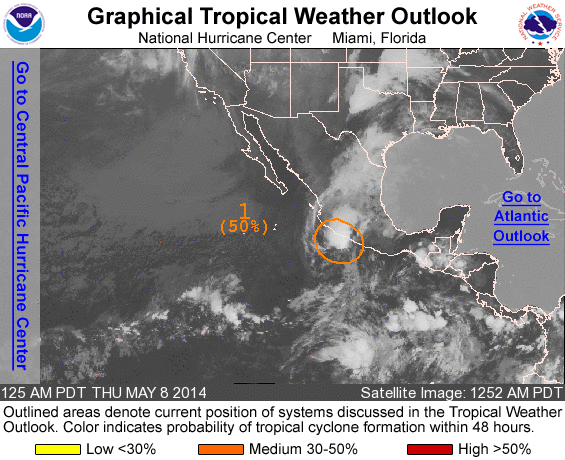
FOR THE EASTERN NORTH PACIFIC...EAST OF 140 DEGREES WEST LONGITUDE..

1. A BROAD AREA OF LOW PRESSURE LOCATED ABOUT 180 MILES SOUTH OF MANZANILLO MEXICO...OR ABOUT 240 MILES WEST-SOUTHWEST OF ZIHUATANEJO MEXICO...IS PRODUCING AN AREA OF CLOUDINESS AND THUNDERSTORMS AS IT MOVES NORTHEASTWARD TOWARDS THE COAST OF MEXICO. THE SYSTEM HAS CHANGED LITTLE THIS MORNING...AND UPPER-LEVEL WINDS ARE BECOMING LESS CONDUCIVE FOR TROPICAL CYCLONE DEVELOPMENT TO OCCUR. THIS SYSTEM HAS A MEDIUM CHANCE...50 PERCENT...OF BECOMING A TROPICAL CYCLONE DURING THE NEXT 48 HOURS...AND A MEDIUM CHANCE...50 PERCENT...OF BECOMING A TROPICAL CYCLONE DURING THE NEXT 5 DAYS. REGARDLESS OF DEVELOPMENT...LOCALLY HEAVY RAINS AND GUSTY WINDS WILL AFFECT PORTIONS OF SOUTHWESTERN MEXICO TODAY...ESPECIALLY ACROSS THE STATES OF MICHOACAN AND GUERRERO. THESE RAINS COULD PRODUCE LIFE-THREATENING FLASH FLOODS AND MUDSLIDES.

ANOTHER SPECIAL TROPICAL WEATHER OUTLOOK WILL BE ISSUED BY 8 AM PDT TODAY...OR SOONER IF NECESSARY.

FORECASTER STEWART